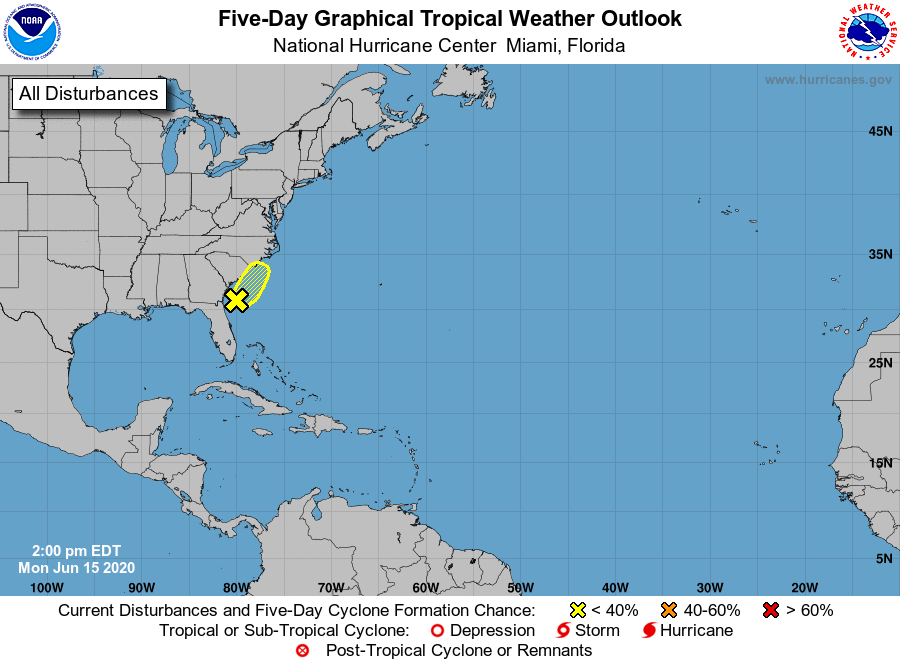
For the North Atlantic...Caribbean Sea and the Gulf of Mexico:

1. A small non-tropical low pressure system located east of the Georgia coast is producing disorganized showers and a few thunderstorms over the Atlantic waters. The low is expected to move northward overnight and be located offshore near the South Carolina-North Carolina border by Tuesday morning. Although environmental conditions are forecast to be unfavorable for any significant development, this system could briefly acquire some subtropical characteristics before it moves inland Tuesday afternoon or evening.

Regardless of development, heavy rainfall could over portions of northeastern South Carolina and southeastern North Carolina from Tuesday afternoon into Wednesday. For additional information, see products from your local National Weather Service office.
* Formation chance through 48 hours...low...10 percent.
* Formation chance through 5 days...low...10 percent.

Forecaster Stewart